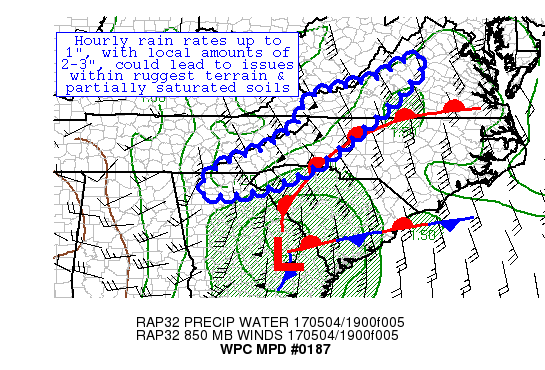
AREAS AFFECTED...SOUTHERN APPALACHIANS/BLUE RIDGE MOUNTAINS

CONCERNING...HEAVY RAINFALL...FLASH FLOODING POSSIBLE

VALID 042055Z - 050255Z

SUMMARY...SHOWERS AND THUNDERSTORMS HAVE BEGUN TO DEVELOP IN THE
PIEDMONT, WHICH ARE MOVING INTO RUGGED TOPOGRAPHY WITH PARTIALLY
SATURATED SOILS.  WITH HOURLY RAIN RATES UP TO 1" AND LOCAL
AMOUNTS OF 2-3" POSSIBLE, FLOODING IS POSSIBLE.

DISCUSSION...THE MESOSCALE ANALYSIS IS COMPLEX IN THE REGION, WITH
A WEAK MESOSCALE WAVE IN SOUTHEAST GA, WHICH HAS BOTH A STATIONARY
FRONT IN TOW ACROSS SOUTHERN SC AND A COASTAL FRONT OVER THE TOP
OF THE FEATURE MOVING INTO THE WESTERN CAROLINAS, WHICH IS
BEGINNING TO ACT AS A FOCUS FOR SHOWERS AND THUNDERSTORMS.
MUCAPES IN THE AREA ARE 100-300 J/KG, WITH A SUBTLE RISING TREND
ACROSS WESTERN NC AND SOUTH-CENTRAL VA OVER THE PAST COUPLE HOURS.
 INFLOW AT 850 HPA IS CONVERGENT WITHIN A CYCLONIC FLOW REGIME AT
35-40 KTS PER VAD WIND PROFILES IN THE AREA.  PRECIPITABLE WATER
VALUES ARE RISING, CURRENTLY NEAR 1.25".

THE EXPECTATION IS FOR THE INSTABILITY TO RISE SOMEWHAT FURTHER
OVER THE NEXT SEVERAL HOURS AS THE COASTAL FRONT MOVES INTO THE
TERRAIN, THOUGH THE BEST INSTABILITY REMAINS IN THE COASTAL PLAIN.
 INCREASING LOW-LEVEL INFLOW (TO 50+ KTS) IS EXPECTED TO RAISE
PRECIPITABLE WATER VALUES CLOSE TO 1.75" WITH TIME.  CONSIDERING
THE SLIGHTLY RISING INSTABILITY WITH TIME, HOURLY RAINFALL RATES
COULD REACH 1" LOCALLY.  THE MESOSCALE GUIDANCE SHOWS A SIGNAL FOR
LOCAL 2-3" AMOUNTS IN THIS AREA, WHICH WOULD SLIGHTLY EXCEED FLASH
FLOOD GUIDANCE VALUES.  SOILS SHOULD BE PARTIALLY SATURATED AS
THIS REGION HAS BEEN WET AS OF LATE, RECEIVING 150-400% OF THEIR
AVERAGE RAINFALL OVER THE PAST COUPLE WEEKS PER THE AHPS WEBSITE.
THIS MAGNITUDE OF RAINFALL WOULD BE MORE OF AN ISSUE WITHIN RUGGED
TERRAIN AND OVER SATURATED SOILS.